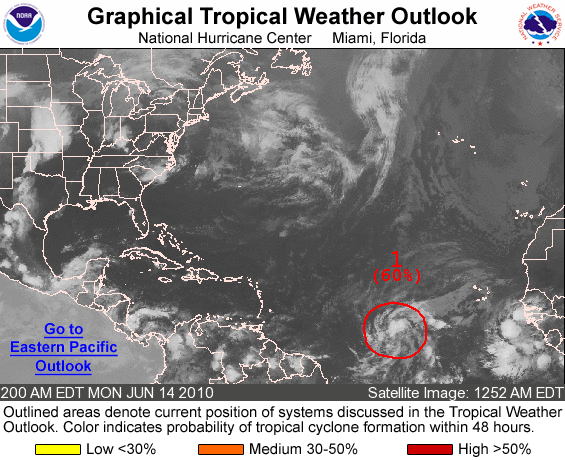
FOR THE NORTH ATLANTIC...CARIBBEAN SEA AND THE GULF OF MEXICO...

1. A LARGE LOW PRESSURE SYSTEM LOCATED ABOUT 1025 MILES WEST-SOUTHWEST OF THE CAPE VERDE ISLANDS HAS CHANGED LITTLE DURING THE PAST SEVERAL HOURS. HOWEVER...ENVIRONMENTAL CONDITIONS ARE EXPECTED TO REMAIN CONDUCIVE FOR ADDITIONAL DEVELOPMENT OF THIS DISTURBANCE AS IT MOVES WEST-NORTHWESTWARD TO NORTHWESTWARD AT ABOUT 15 MPH. THERE REMAINS A HIGH CHANCE...60 PERCENT...OF THIS SYSTEM BECOMING A TROPICAL CYCLONE DURING THE NEXT 48 HOURS.

ELSEWHERE...TROPICAL CYCLONE FORMATION IS NOT EXPECTED DURING THE NEXT 48 HOURS.

FORECASTER STEWART/BLAKE